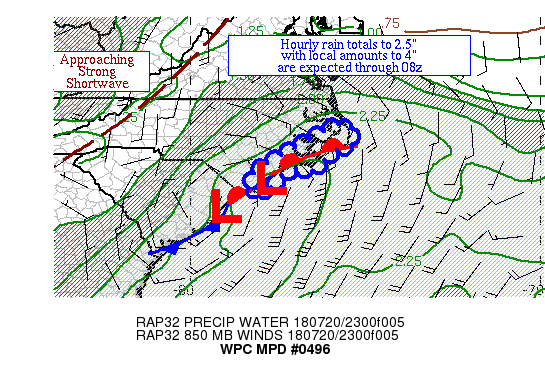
AREAS AFFECTED...COASTAL SECTIONS OF NORTHEAST SC/NC

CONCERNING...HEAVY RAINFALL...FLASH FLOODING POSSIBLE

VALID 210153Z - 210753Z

SUMMARY...SHOWERS AND THUNDERSTORMS ARE SLOWLY MOVING ASHORE FROM
THE ATLANTIC EAST OF A LOW PRESSURE AREA.  HOURLY RAIN TOTALS TO
2.5" WITH LOCAL AMOUNTS TO 4" ARE EXPECTED.

DISCUSSION...A COUPLE AREAS OF LOW PRESSURE EXIST ALONG AN OLD
FRONTAL BOUNDARY STRADDLING THE COAST OF THE CAROLINAS SOUTH OF
MYRTLE BEACH AT 01Z, WITH A COMPANION CIRCULATION IS JUST EAST OF
WILMINGTON.  ALOFT, A STRONG SHORTWAVE IS APPROACHING FROM
NORTHERN GA AND THE WESTERN CAROLINAS PER WATER VAPOR IMAGERY.
RECENT RADAR TRENDS SHOW A SLOW INCREASE TO SHOWER AND
THUNDERSTORM ACTIVITY NEAR THE BOUNDARY, WITH INSTABILITY TRENDS
ALSO GOING UPWARD.  PRECIPITABLE WATER VALUES OF 2.2-2.5" PER AREA
SOUNDINGS AND GPS DATA.  WET BULB ZERO VALUES ARE NEAR 15,000
FEET, WHICH SHOULD CONTINUE TO SUPPORT WARM RAIN PROCESSES.
INFLOW IN THE LOW-LEVELS (SURFACE AN 850 HPA) IS SOUTH TO
SOUTHEAST AT 15-25 KTS PER SURFACE OBSERVATIONS, VAD WIND
PROFILES, AND RAP MASS FIELDS (STRONGER THAN THE MEAN 850-400 HPA
WIND).  EFFECTIVE BULK SHEAR OF 20+ KTS LIES JUST OFF THE COAST.
ML CAPE VALUES ARE CURRENTLY 500-1000 J/KG.

THE EXPECTATION IS FOR SHOWERS AND THUNDERSTORMS TO CONTINUE TO
INCREASE IN COVERAGE OVER THE NEXT SEVERAL HOURS AS THE SHORTWAVE
ALOFT NEARS.  THE WARM FRONT EAST OF THE LOW SHOULD PIVOT A LITTLE
FARTHER NORTHWARD.  RAP MASS FIELDS SHOW SOME INCREASE IN THE
LOW-LEVEL INFLOW, WHICH COULD ALLOW THE BULK SHEAR TO INCREASE AS
WELL.  BOTH RAP AND GFS MASS FIELDS SUGGEST ADDITIONAL INCREASE IN
THE AVAILABLE INSTABILITY.  SHORT CURVED BANDS COULD BRIEFLY SET
UP AND TRAIN DURING THIS TIME FRAME.  HOURLY RAIN TOTALS TO 2.5"
SHOULD BE POSSIBLE WITHIN THIS SATURATED AIR MASS.  THE MESOSCALE
GUIDANCE AGREES ON LOCAL AMOUNTS OF 4" BY 08Z.  THIS DEGREE OF
RAIN COULD CAUSE ISSUES WHERE HEAVY RAIN FELL EARLIER AND WITHIN
ANY URBAN AREAS.  SINCE THE HEAVY RAIN IS EXPECTED NEAR/ALONG THE
COASTLINE, UNCERTAINTY IN THE CONVECTIVE EVOLUTION IS HIGHER THAN
USUAL SINCE THE HEAVY RAIN COULD ALTERNATIVELY SLIP OR OCCUR JUST
OFFSHORE.